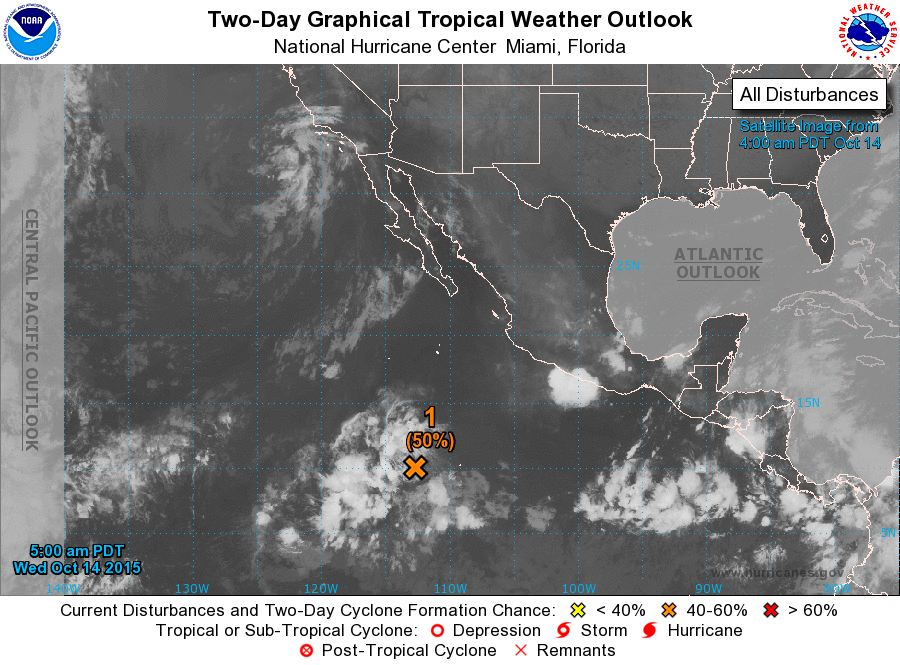
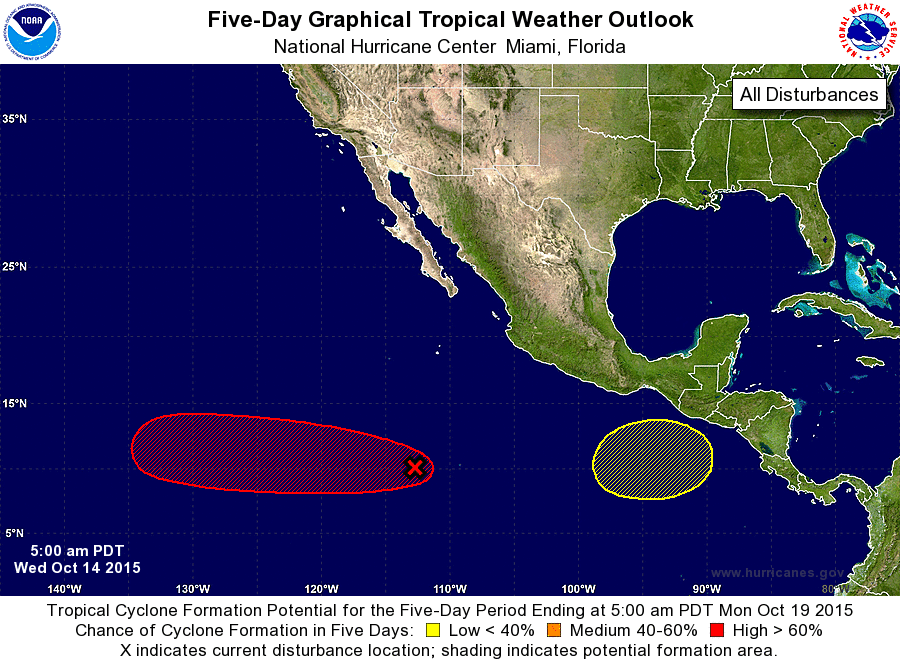
For the eastern North Pacific...east of 140 degrees west longitude:

1. A broad area of low pressure located about 900 miles south- southwest of the southern tip of the Baja California peninsula is producing disorganized showers and thunderstorms. Environmental conditions are expected to be conducive for gradual development during the next several days, and a tropical depression is expected to form later this week or this weekend while the system moves westward at 10 to 15 mph.
* Formation chance through 48 hours...medium...50 percent
* Formation chance through 5 days...high...90 percent

2. An area of low pressure area is expected to form a few hundred miles south-southeast of the Gulf of Tehuantepec over the weekend. Some gradual development of this system is possible early next week while it moves slowly northwestward.
* Formation chance through 48 hours...low...near 0 percent
* Formation chance through 5 days...low...20 percent

Forecaster Brown